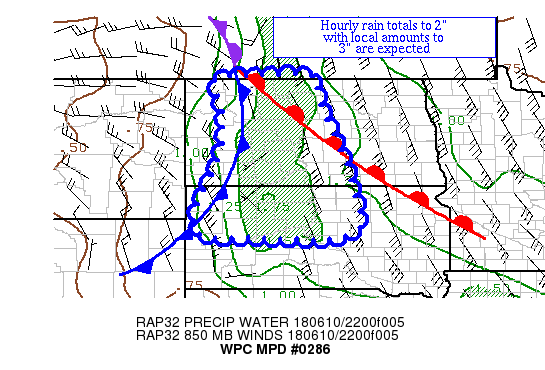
AREAS AFFECTED...WESTERN & CENTRAL DAKOTAS

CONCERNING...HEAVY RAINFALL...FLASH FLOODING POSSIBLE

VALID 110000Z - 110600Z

SUMMARY...THUNDERSTORMS WITH SOME SUPERCELLULAR STRUCTURE CONTINUE
TO EXPAND/BROADEN IN COVERAGE NEAR A COLD FRONT.  HOURLY RAIN
TOTALS TO 2" WITH LOCAL AMOUNTS TO 3" ARE EXPECTED OVER THE NEXT
FEW HOURS.

DISCUSSION...A SLOW-MOVING COLD FRONT AND AN ASSOCIATED
NEGATIVELY-TILTED UPPER TROUGH HAVE BEEN AIDING CONVECTIVE
DEVELOPMENT DURING THE PAST 1-2 HOURS, WHICH IS EXPANDING IN
COVERAGE ACROSS THE WESTERN DAKOTAS.  EMBEDDED SUPERCELLS ARE
SPLITTING WHICH IS ADDING TO POSSIBLE ISSUES AND ATTEMPTING TO
BROADEN THE BAND.  PRECIPITABLE WATER VALUES ARE ESTIMATED TO BE
1.25-1.5" IN THE AREA, WHICH ROUGHLY TRANSLATES TO THE HOURLY RAIN
TOTALS RECEIVED LATELY PER RADAR ESTIMATES ACCOUNTING FOR POSSIBLE
HAIL CONTAMINATION.  INFLOW AT 850 HPA IS SOUTH-SOUTHEAST AT 35
KTS, NEARLY DOUBLE THE MEAN 850-400 HPA WIND.  ML CAPE VALUES ARE
2500-5000 J/KG PER RECENT SPC MESOANALYSES.  EFFECTIVE BULK SHEAR
OF 25-50 KTS LIES ACROSS THE AREA.

LOW- TO MID-LEVEL FRONTOGENESIS IS EXPECTED TO BE RELATIVELY WELL
ALIGNED THROUGH 09Z, WHICH SHOULD AID CONVECTIVE DEVELOPMENT.
CELL TRAINING, MERGERS, AND MESOCYCLONES COULD ALL CONTRIBUTE TO
THE HEAVY RAIN THREAT IN THIS REGION.  WHILE THE LOW-LEVEL INFLOW
HAS SOME EASTERLY COMPONENT FOR THE NEXT FEW HOURS, FORWARD
PROGRESSION SHOULD BE SLOW TO OCCUR OFF TO THE EAST EVEN IF A COLD
POOL FORMS IN THE MEANTIME.  AVAILABLE INSTABILITY SHOULD ALLOW
FOR THE FORMATION OF A LARGE MCS OVER THE DAKOTAS IN THE NEXT
SEVERAL HOURS.  FORWARD PROPAGATION OFF TO THE EAST SHOULD BECOME
INCREASINGLY POSSIBLE TOWARDS THE END OF THE PERIOD AS THE 850 HPA
FLOW BECOMES MORE SOUTHERLY AND LOSES ITS EASTERLY COMPONENT.
HOURLY RAIN TOTALS TO 2" WITH LOCAL AMOUNTS TO 3" ARE POSSIBLE
HERE THROUGH 06Z, WHICH WOULD CHALLENGE THE THREE HOUR FLASH FLOOD
GUIDANCE VALUES.